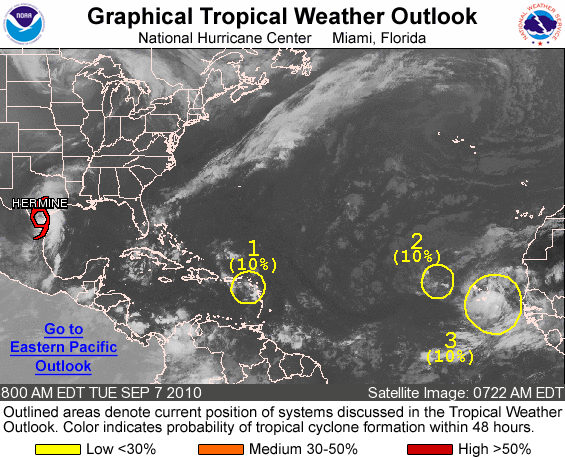
FOR THE NORTH ATLANTIC...CARIBBEAN SEA AND THE GULF OF MEXICO...

THE NATIONAL HURRICANE CENTER IS ISSUING ADVISORIES ON TROPICAL STORM HERMINE...LOCATED INLAND ABOUT 50 MILES WEST OF CORPUS CHRISTI TEXAS.

1. CLOUDINESS AND SHOWERS OVER THE LEEWARD ISLANDS AND THE NORTHEASTERN CARIBBEAN SEA ARE ASSOCIATED WITH THE REMNANTS OF GASTON. THIS SYSTEM IS EXPECTED TO CONTINUE WESTWARD AT 15 TO 20 MPH WITH NO SIGNIFICANT DEVELOPMENT DURING THE NEXT COUPLE OF DAYS. THERE IS A LOW CHANCE...10 PERCENT...OF THIS SYSTEM BECOMING A TROPICAL CYCLONE AGAIN DURING THE NEXT 48 HOURS.

2. A WEAK AREA OF LOW PRESSURE LOCATED ABOUT 350 MILES WEST OF THE NORTHERNMOST CAPE VERDE ISLANDS IS PRODUCING DISORGANIZED CLOUDINESS AND SHOWERS. ENVIRONMENTAL CONDITIONS ARE EXPECTED TO REMAIN UNFAVORABLE FOR DEVELOPMENT DURING THE NEXT COUPLE OF DAYS AS THE LOW MOVES WESTWARD NEAR 10 MPH. THERE IS A LOW CHANCE...10 PERCENT...OF THIS SYSTEM BECOMING A TROPICAL CYCLONE DURING THE NEXT 48 HOURS.

3. SHOWERS AND THUNDERSTORMS LOCATED BETWEEN THE CAPE VERDE ISLANDS AND THE WEST COAST OF AFRICA ARE ASSOCIATED WITH A TROPICAL WAVE. DEVELOPMENT...IF ANY...OF THIS SYSTEM IS EXPECTED TO BE SLOW TO OCCUR AS IT MOVES WESTWARD AT 10 TO 15 MPH DURING THE NEXT COUPLE OF DAYS. THERE IS A LOW CHANCE...10 PERCENT...OF THIS SYSTEM BECOMING A TROPICAL CYCLONE DURING THE NEXT 48 HOURS.

ELSEWHERE...TROPICAL CYCLONE FORMATION IS NOT EXPECTED DURING THE NEXT 48 HOURS.

FORECASTER CANGIALOSI/PASCH